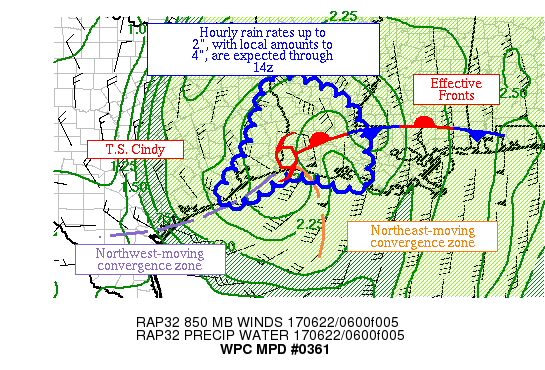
AREAS AFFECTED...WESTERN LA & FAR EAST TX

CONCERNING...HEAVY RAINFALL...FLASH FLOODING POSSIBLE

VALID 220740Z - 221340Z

SUMMARY...CINDY IS SHOWING SOME RENEWED CONVECTION ACROSS ITS
NORTHERN AND EASTERN QUADRANTS.  HOURLY RAIN RATES UP TO 2" WITH
LOCAL AMOUNTS TO 4" ARE EXPECTED.

DISCUSSION...A CENTER OF CINDY APPEARS TO HAVE MADE LANDFALL WEST
OF CAMERON LA AT 0642Z PER RADAR IMAGERY AND IS NEARING VINTON
NEAR THE TX/LA BORDER.  SINCE THAT TIME, SHOWERS AND THUNDERSTORMS
HAVE BEEN ON THE UPSWING ACROSS ITS NORTHERN AND EASTERN QUADRANTS
-- THE STANDARD TIME CONVECTION ATTEMPTS TO FLARE UP NEAR THE
CENTER OF A MID-LEVEL CYCLONE.  PRECIPITABLE WATER VALUES OF NEAR
2.5" EXIST IN THIS REGION.  A GRADIENT IN THE INSTABILITY FIELD
EXISTS NEAR INTERSTATE 10, NEAR A CONVERGENCE ZONE AND WEAK
THERMAL GRADIENT.  EFFECTIVE BULK SHEAR OF ~30 KTS EXISTS NEAR THE
CENTER OF CINDY.

CONVERGENCE ZONES IN THE SURFACE WIND FIELD ARE EXPECTED TO MOVE
ASHORE THE UPPER TX COAST AND THROUGH IMPERIAL CALCASIEU WITH
TIME, WHICH COULD ACT AS POSSIBLE FOCI FOR CONVECTION, ALONG WITH
THE SYSTEM'S CENTER.  THE CURRENT OUTER BAND ACROSS THE LOWER
ATCHAFALAYA NEAR CINDY'S RADIUS OF MAXIMUM WIND SHOULD STAY
QUASI-STATIONARY FOR THE TIME BEING, PERHAPS SHIFTING SLIGHTLY
WESTWARD WHILE CINDY CONTINUES THE RECURVATURE PROCESS.  THE
MESOSCALE GUIDANCE IS MOSTLY TOO FAR WEST WITH CINDY AS IT HAS
BEEN FROM THE START.  THE 18Z SSEO NEIGHBORHOOD PROBABILITIES
SUGGEST A SLOW UPTICK IN CONVECTION THROUGH 12-13Z NEAR AND
SOUTHEAST OF THE CENTER WITHIN THE SYSTEM'S CENTRAL MOISTURE POOL.
 THE MESOSCALE GUIDANCE SHOWS SIGNIFICANT VARIANCE IN POSSIBLE
AMOUNTS THROUGH 14Z -- 4" SEEMS MOST SUPPORTED.  HOURLY RAIN RATES
UP TO 2" APPEAR MOST POSSIBLE WITHIN THE SYSTEM'S SOUTHEAST
QUADRANT DUE TO THE PROXIMITY OF INSTABILITY.